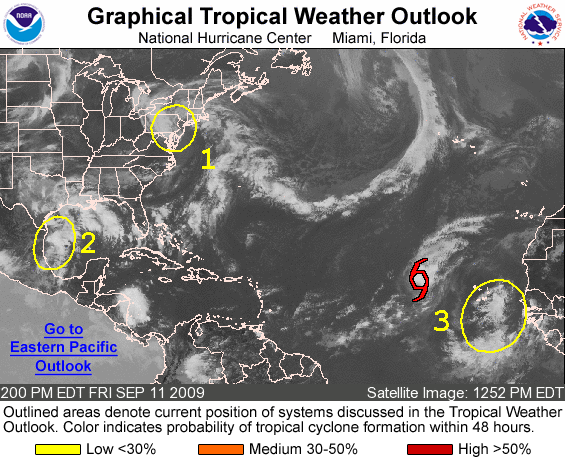
FOR THE NORTH ATLANTIC...CARIBBEAN SEA AND THE GULF OF MEXICO...

THE NATIONAL HURRICANE CENTER IS ISSUING ADVISORIES ON HURRICANE FRED...LOCATED ABOUT 740 MILES WEST OF THE CAPE VERDE ISLANDS.

1. A LOW PRESSURE AREA ASSOCIATED WITH A FRONTAL SYSTEM IS CENTERED OVER NEW JERSEY...PRODUCING HEAVY RAIN...GUSTY WINDS...AND MINOR COASTAL FLOODING ALONG PORTIONS OF THE MID-ATLANTIC COAST. TROPICAL CYCLONE FORMATION FROM THIS SYSTEM IS NOT EXPECTED. FOR ADDITIONAL INFORMATION...PLEASE REFER TO PRODUCTS ISSUED BY LOCAL NATIONAL WEATHER SERVICE OFFICES IN THE REGION AND HIGH SEAS FORECASTS ISSUED BY THE NATIONAL WEATHER SERVICE...UNDER AWIPS HEADER NFDHSFAT1 AND WMO HEADER FZNT01 KWBC.

2. SURFACES PRESSURES ARE GRADUALLY FALLING IN ASSOCIATION WITH A LARGE AREA OF DISTURBED WEATHER COVERING MUCH OF THE GULF OF MEXICO. ALTHOUGH UPPER-LEVEL WINDS ARE NOT CONDUCIVE FOR SIGNIFICANT DEVELOPMENT...THIS WEATHER SYSTEM COULD BECOME A LITTLE BETTER ORGANIZED AS IT MOVES SLOWLY NORTHWARD...BRINGING LOCALLY HEAVY RAINS TO NORTHERN GULF COAST OVER THE NEXT DAY OR TWO. THERE IS A LOW CHANCE...LESS THAN 30 PERCENT...OF THIS SYSTEM BECOMING A TROPICAL CYCLONE DURING THE NEXT 48 HOURS.

3. A BROAD AREA OF LOW PRESSURE ASSOCIATED WITH A TROPICAL WAVE IS LOCATED BETWEEN THE WEST COAST OF AFRICA AND THE CAPE VERDE ISLANDS. THIS SYSTEM SHOWS SIGNS OF ORGANIZATION AND HAS THE POTENTIAL FOR SOME DEVELOPMENT DURING THE NEXT COUPLE OF DAYS AS IT MOVES WESTWARD AT 10 TO 15 MPH. THERE IS A LOW CHANCE...LESS THAN 30 PERCENT...OF THIS SYSTEM BECOMING A TROPICAL CYCLONE DURING THE NEXT 48 HOURS.

ELSEWHERE...TROPICAL CYCLONE FORMATION IS NOT EXPECTED DURING THE NEXT 48 HOURS.

FORECASTER AVILA